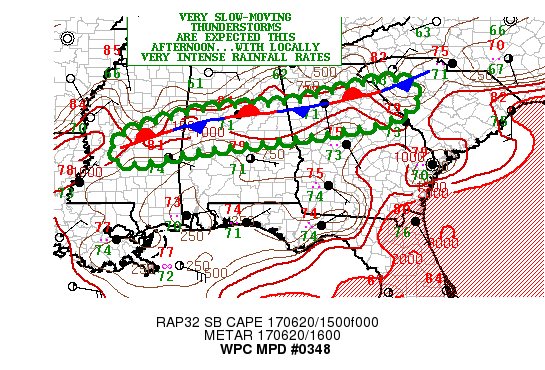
AREAS AFFECTED...CENTRAL MS...CENTRAL AL...NORTH-CENTRAL
GA...WESTERN SC

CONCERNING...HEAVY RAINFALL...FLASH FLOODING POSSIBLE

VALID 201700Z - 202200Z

SUMMARY...VERY SLOW-MOVING THUNDERSTORMS WITH LOCALLY VERY INTENSE
RAINFALL RATES WILL BE EXPECTED THIS AFTERNOON. SOME FLASH
FLOODING WILL BE POSSIBLE GIVEN THE SLOW CELL MOTION.

DISCUSSION...SUFFICIENT BOUNDARY LAYER DESTABILIZATION HAS
OCCURRED TO SUPPORT A BROKEN AXIS HEAVY SHOWERS AND THUNDERSTORMS
ALONG A QUASI-STATIONARY FRONT WHICH EXTENDS FROM CENTRAL MS
EAST-NORTHEAST ACROSS CENTRAL AL...NORTH-CENTRAL GA AND WESTERN
SC. THE STEERING FLOW IS QUITE WEAK...WITH VERY WEAK PROPAGATION
VECTORS. MEANWHILE...THE COLUMN IS QUITE MOIST WITH PWATS
GENERALLY AROUND 2 INCHES. THE DEEP COLUMN OF MOISTURE WILL
CONTRIBUTE TO HIGHLY EFFICIENT RAINFALL PRODUCERS...WITH RAINFALL
RATES OF OVER 2 INCHES/HR...AND GIVEN THE VERY SLOW CELL
MOTION...SOME LOCALLY VERY HEAVY TOTALS WILL BE POSSIBLE THIS
AFTERNOON AS THE COVERAGE OF THUNDERSTORMS INCREASES.

THE SHEAR PROFILES ARE RATHER WEAK AND SUGGESTIVE THAT THE CELLS
WILL TEND TO REMAIN DISORGANIZED....BUT WITH COVERAGE LIKELY TO
EXPAND ALONG THE FRONT WITH ADDITIONAL DIABATIC HEATING AND THE
SLOW CELL MOTION...THERE WILL BE CONCERNS FOR SOME FLASH FLOODING.
THE LATEST HRRR/HRRRX GUIDANCE SUPPORTS AS MUCH AS 2 TO 4
INCHES...WITH ISOLATED HEAVIER AMOUNTS THROUGH ABOUT 22Z. WILL
CONTINUE TO MONITOR.